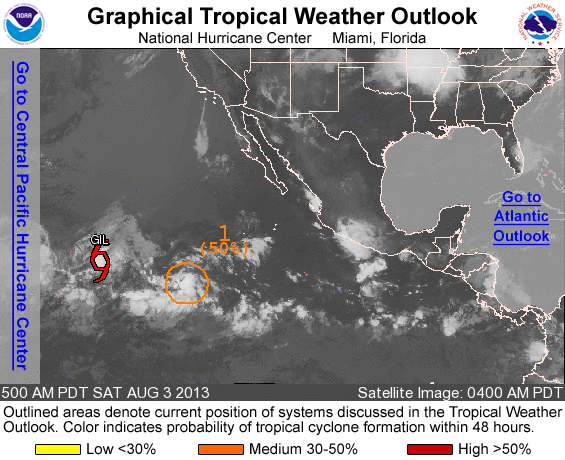
FOR THE EASTERN NORTH PACIFIC...EAST OF 140 DEGREES WEST LONGITUDE..

THE NATIONAL HURRICANE CENTER IS ISSUING ADVISORIES ON TROPICAL STORM GIL...LOCATED WELL TO THE SOUTHWEST OF THE SOUTHERN TIP OF THE BAJA CALIFORNIA PENINSULA.

1. A SMALL LOW PRESSURE SYSTEM LOCATED ABOUT 1050 MILES SOUTHWEST OF THE SOUTHERN TIP OF THE BAJA CALIFORNIA PENINSULA CONTINUES TO PRODUCE INTERMITTENT SHOWERS AND THUNDERSTORMS. ENVIRONMENTAL CONDITIONS ARE EXPECTED TO BECOME MORE CONDUCIVE FOR DEVELOPMENT AS TROPICAL STORM GIL CONTINUES TO WEAKEN. THIS SYSTEM HAS A MEDIUM CHANCE...50 PERCENT...OF BECOMING A TROPICAL CYCLONE DURING THE NEXT 48 HOURS...AND A HIGH CHANCE...60 PERCENT OF BECOMING A TROPICAL CYCLONE DURING THE NEXT 5 DAYS...AS IT MOVES WESTWARD AT ABOUT 10 TO 15 MPH.

FIVE-DAY FORMATION PROBABILITIES ARE EXPERIMENTAL IN 2013. COMMENTS ON THE EXPERIMENTAL FORECASTS CAN BE PROVIDED AT...

HTTP://WWW.NWS.NOAA.GOV/SURVEY/NWS-SURVEY.PHP?CODE=ETWO

FORECASTER FRANKLIN/ZELINSKY